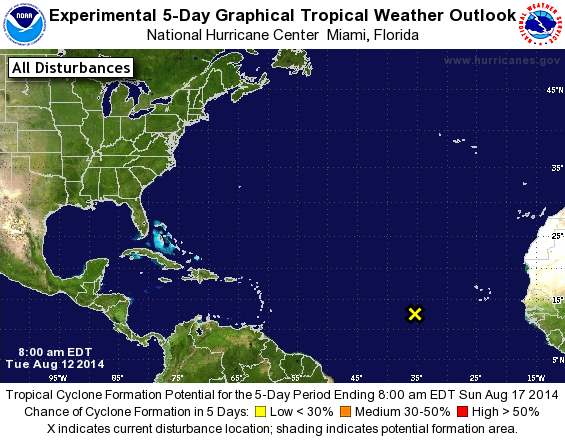
For the North Atlantic...Caribbean Sea and the Gulf of Mexico:

1. Shower activity associated with with a westward-moving broad area of low pressure centered about 750 miles west-southwest of the Cape Verde Islands has diminished. Environmental conditions are not favorable for tropical cyclone formation.
* Formation chance through 48 hours...low...near 0 percent.
* Formation chance through 5 days...low...near 0 percent.

Forecaster Avila